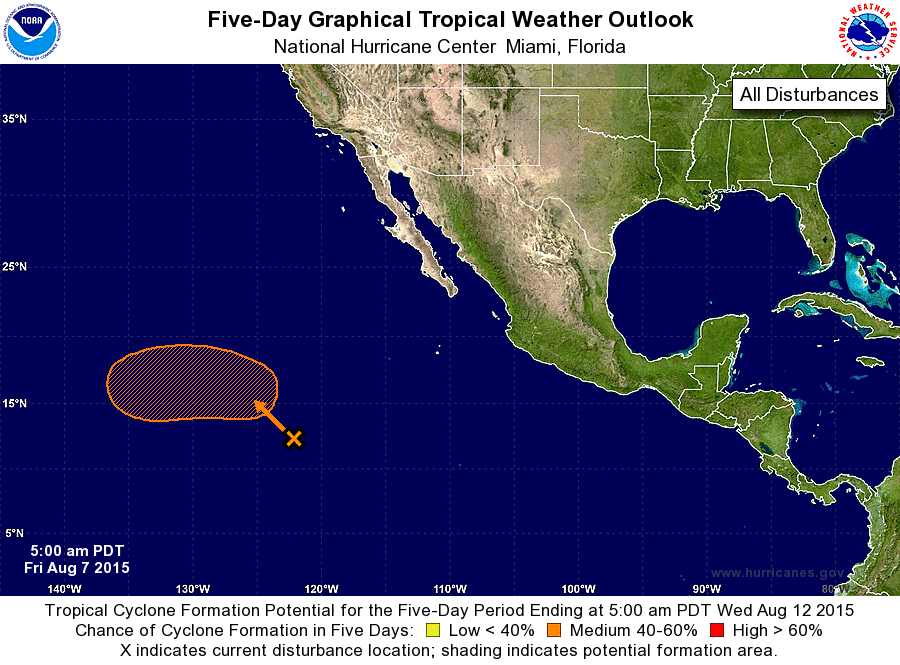
For the eastern North Pacific...east of 140 degrees west longitude:

The National Hurricane Center is issuing advisories on Tropical Storm Hilda, located about 1400 miles east-southeast of the Hawaiian Islands.

1. A broad area of low pressure located more than 1000 miles southwest of the southern tip of the Baja California peninsula continues to produce disorganized shower and thunderstorm activity. Environmental conditions appear conducive for some gradual development through early next week while this system moves northwestward to west-northwestward at 5 to 10 mph.
* Formation chance through 48 hours...low...near 0 percent
* Formation chance through 5 days...medium...40 percent

Forecaster Beven